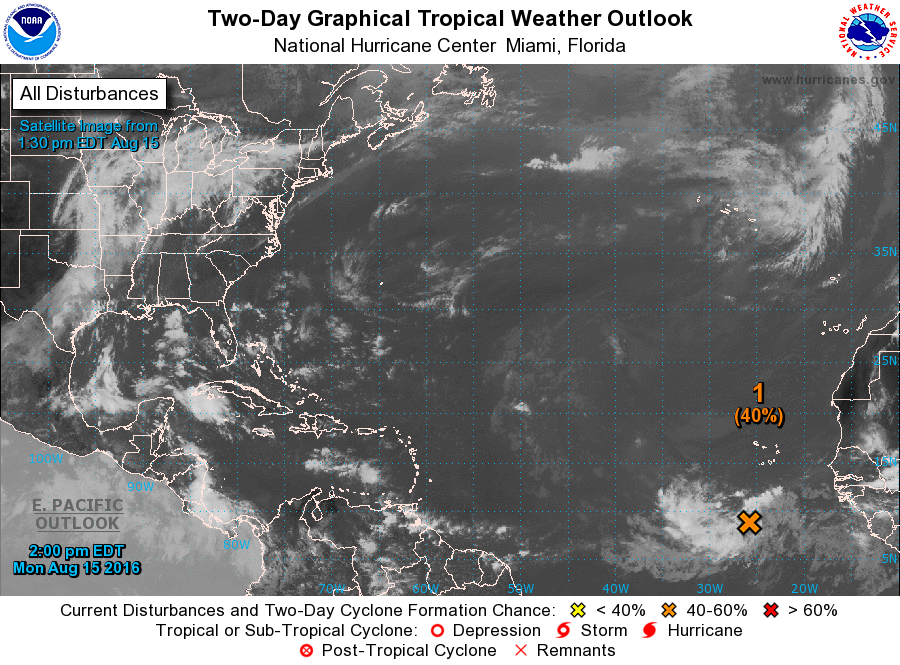
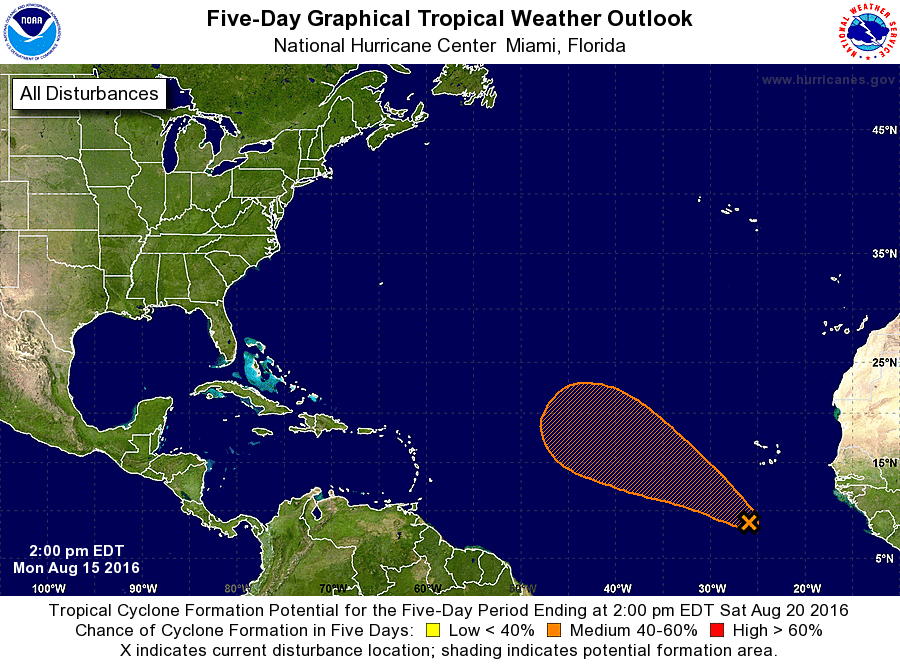
For the North Atlantic...Caribbean Sea and the Gulf of Mexico:

1. Disorganized cloudiness and thunderstorms over the far eastern Atlantic are associated with a tropical wave located a few hundred miles south-southwest of the Cabo Verde Islands. Environmental conditions are conducive for gradual development of this disturbance during the next few days, but could become less favorable later this week. The system is expected to move west-northwestward to northwestward at 10 to 15 mph into the central tropical Atlantic during the next several days.
* Formation chance through 48 hours...medium...40 percent
* Formation chance through 5 days...medium...50 percent

Forecaster Kimberlain